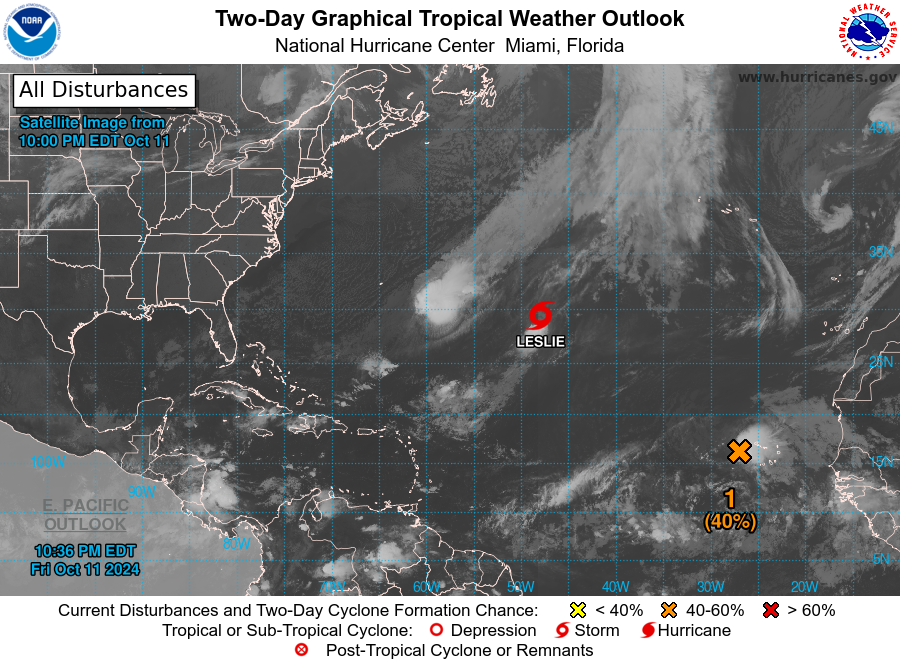
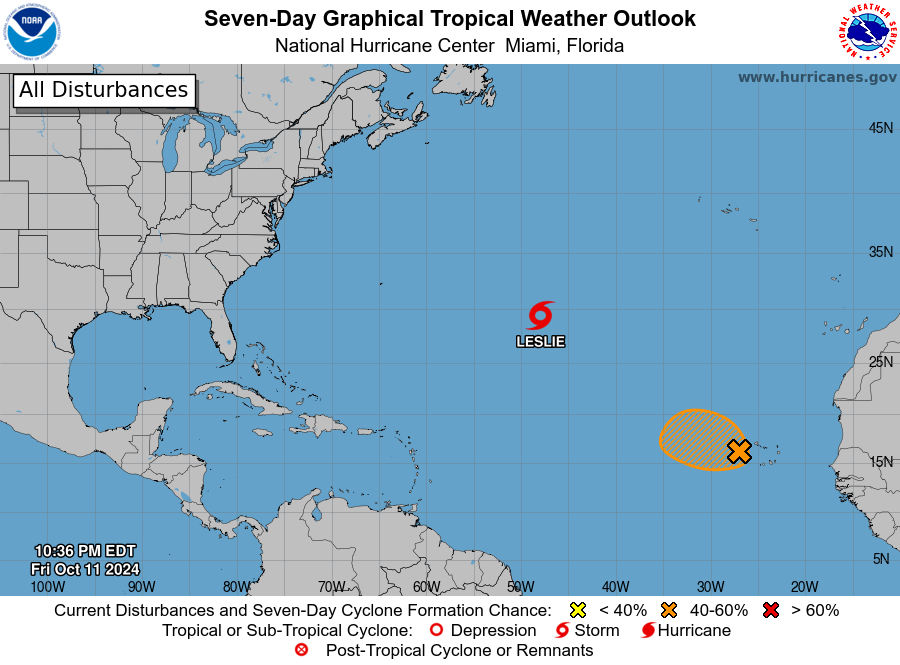
For the North Atlantic...Caribbean Sea and the Gulf of Mexico:

Active Systems: The National Hurricane Center is issuing advisories on Tropical Storm Leslie, located over the central subtropical Atlantic Ocean.

1. Near the Cabo Verde Islands (AL94): Showers and thunderstorms remain disorganized in association with an area of low pressure just west of the Cabo Verde Islands. Some development is possible tonight, and a short-lived tropical storm could form while the system moves westward or west-northwestward at 10 to 15 mph away from the Cabo Verde Islands. On Saturday, environmental conditions are forecast to become less conducive, and further development appears unlikely after that time. Regardless of development, gusty winds and areas of heavy rain are likely to continue over portions of the Cabo Verde Islands through tonight.
* Formation chance through 48 hours...medium...40 percent.
* Formation chance through 7 days...medium...40 percent.

Forecaster Beven